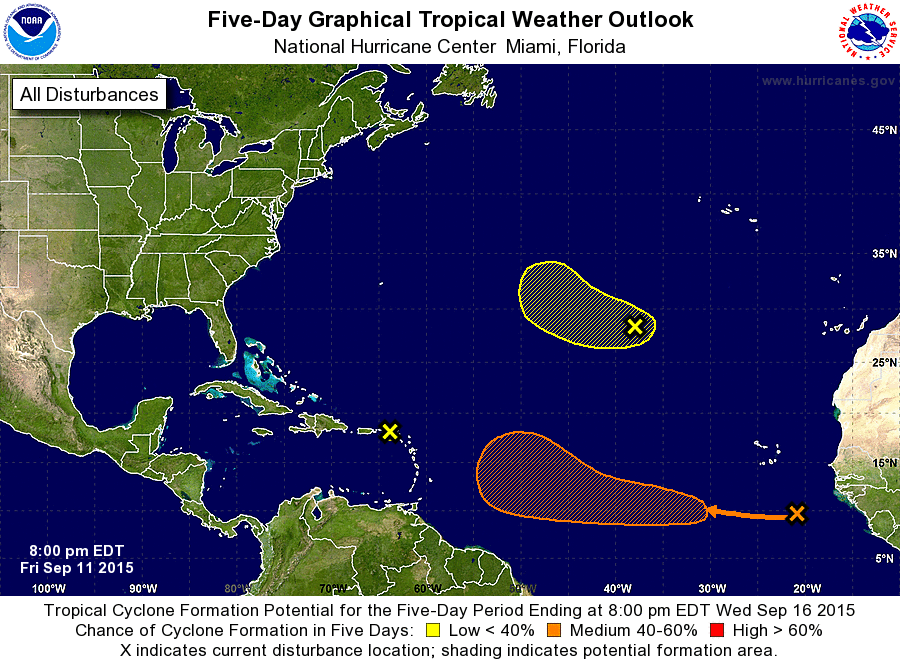
For the North Atlantic...Caribbean Sea and the Gulf of Mexico:

The National Hurricane Center has issued the last advisory on the remnants of Tropical Storm Henri, which has dissipated several hundred miles south of Newfoundland.

1. A large area of disorganized showers and thunderstorms continues near the northern Leeward Islands and the Virgin Islands in association with the remnants of Tropical Storm Grace. Upper-level winds are not expected to be favorable for redevelopment of this system during the next several days. However, heavy rain and gusty winds are possible across portions of the northern Leeward Islands, the Virgin Islands, Puerto Rico, and Hispaniola as the system moves west-northwestward at 15 to 20 mph.
* Formation chance through 48 hours...low...near 0 percent
* Formation chance through 5 days...low...near 0 percent

2. A tropical wave located southeast of the Cape Verde Islands is producing minimal shower activity. Environmental conditions are forecast to become favorable for some gradual development of this wave by early next week while it moves generally westward across the tropical Atlantic at about 15 mph.
* Formation chance through 48 hours...low...near 0 percent
* Formation chance through 5 days...medium...50 percent

3. A small low pressure system located about 900 miles southwest of the Azores continues to produce some showers and thunderstorms. Development, if any, of this low is expected to be slow to occur while it moves westward to west-northwestward at about 10 mph over the next several days.
* Formation chance through 48 hours...low...10 percent
* Formation chance through 5 days...low...20 percent

Forecaster Beven